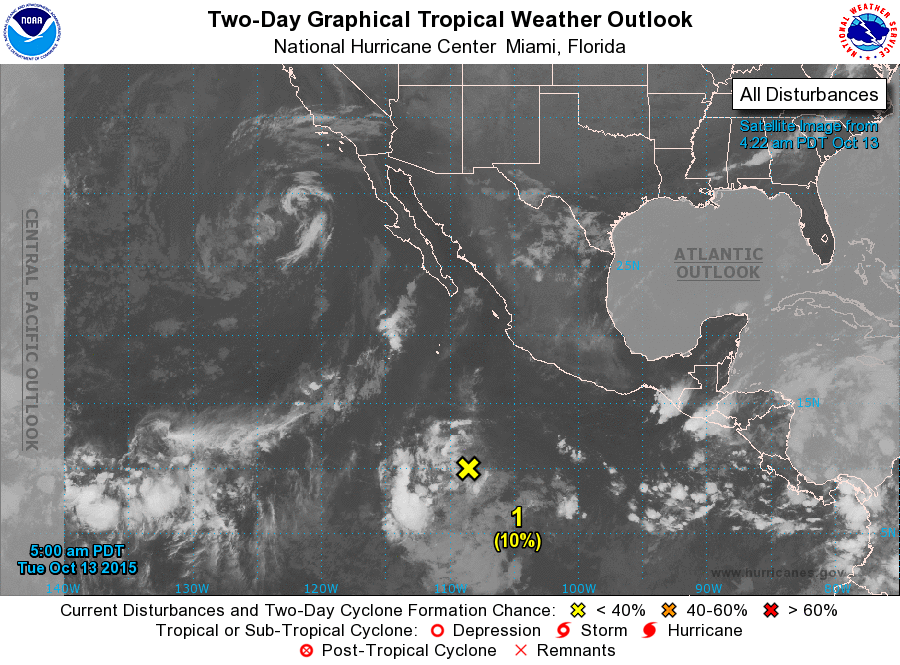
For the eastern North Pacific...east of 140 degrees west longitude:

1. A low pressure area located about 625 miles southwest of Manzanillo, Mexico continues to produce limited shower and thunderstorm activity. Environmental conditions are expected to become more conducive for the development of a tropical depression by the weekend while the low moves westward at 10 to 15 mph.
* Formation chance through 48 hours...low...10 percent
* Formation chance through 5 days...high...80 percent

Forecaster Brown